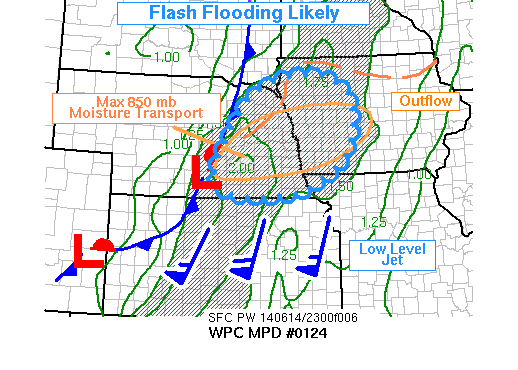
AREAS AFFECTED...ERN NE...WRN IA...NW MO...SE SD

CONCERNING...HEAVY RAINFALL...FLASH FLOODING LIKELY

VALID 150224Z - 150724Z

SUMMARY...MODERATE INSTABILITY AND STRONGLY FOCUSED LOW LEVEL
INFLOW WILL YIELD EXCESSIVE RAINFALL IN A SHORT TIME OVER PARTS OF
NE/IA. THE HRRR HAS SHOWN A CONSISTENT SIGNAL FOR PARTICULARLY
HEAVY RAINS THROUGH 07Z DURING THE PEAK PHASING OF THE LOW LEVEL
JET WITH MID LEVEL FORCING FOR VERTICAL MOTION.

DISCUSSION...SURFACE BASED CONVECTION IS LIKELY TO REMAIN FOCUSED
INITIALLY OVER NORTHEAST NE AND ADJACENT PORTIONS OF SD/IA.
ACCOUNTING FOR LONG RANGE FROM KFSD AND KOAX ALONG WITH DUAL POL
HANDLING HAIL IMPERFECTLY...CONSERVATIVE ESTIMATES SUGGEST RAIN
RATES NEAR 2.5 INCHES/HR AT TIMES. BRIEFLY HEAVIER RATES ARE
POSSIBLE...NOTING THE REPORT OF 1.99 INCHES IN 30 MINUTES OUT OF
SIOUX CITY IA VIA WFO SIOUX FALLS. CONVECTION FARTHER SOUTH HAD
SHOWN MORE DISCRETE CHARACTER...BUT IS LIKELY TO GROW UPSCALE
BETWEEN 02-05Z AS THE LOW LEVEL JET INTENSIFIES AND MID LEVEL
ASCENT INCREASES FROM THE WEST...THUS BREACHING THE CAP IN A MORE
ORGANIZED FASHION.

THE FLEDGLING MCS IN NORTHEAST NE WAS LAYING OUT AN EAST-WEST
BOUNDARY AS OF 0215Z...CAPABLE OF INTERCEPTING THE 850 INFLOW AND
LEADING TO TRAINING OF CELLS. THESE WILL CARRY A SEVERE WEATHER
THREAT PER SPC...BUT ALSO VERY HEAVY RAIN. NUMEROUS CONSECUTIVE
RUNS OF THE HRRR FORECAST THE EMPHASIS TO SHIFT WITH TIME TOWARD A
NEWLY DEVELOPING MCS NEAR I-80 BETWEEN HASTINGS AND OMAHA.
ESPECIALLY CONCERNING ARE THE POCKETS OF 5+ INCHES OF RAIN THAT
APPEARED IN SEVERAL RUNS. THIS SEEMS VERY PLAUSIBLE AS A 50-60 KT
LLJ WILL YIELD 850 MB MOISTURE TRANSPORT 5 DEVIATIONS ABOVE
AVERAGE VIA THE GEFS ANOMALIES...WHILE BACKING MID LEVEL WINDS
AHEAD OF THE UPPER SHORTWAVE YIELD BACKING CELL MOTIONS AND
REDEVELOPMENT UPWIND OF ANY ADVANCING MCS.